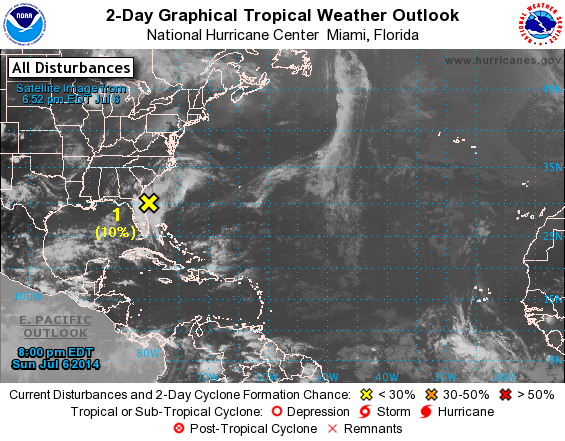
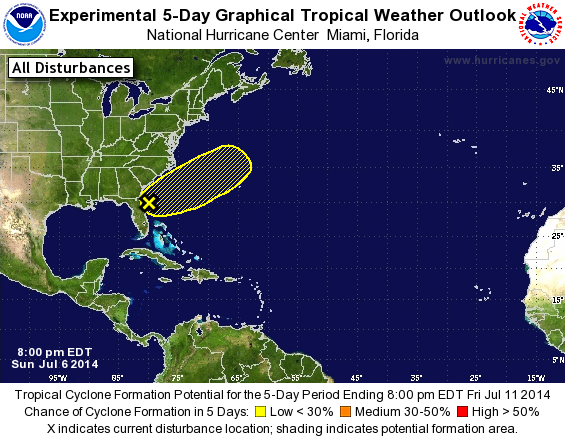
For the North Atlantic...Caribbean Sea and the Gulf of Mexico:

1. A weak surface trough extending from northeastern Florida to just offshore of the coast of the Carolinas is producing widespread cloudiness and disorganized showers. Surface pressures are high in the area and strong upper-level winds should prevent any significant development of this system as it moves northeastward at 10 to 15 mph over the next several days.
* Formation chance through 48 hours...low...10 percent.
* Formation chance through 5 days...low...10 percent.

Forecaster Stewart